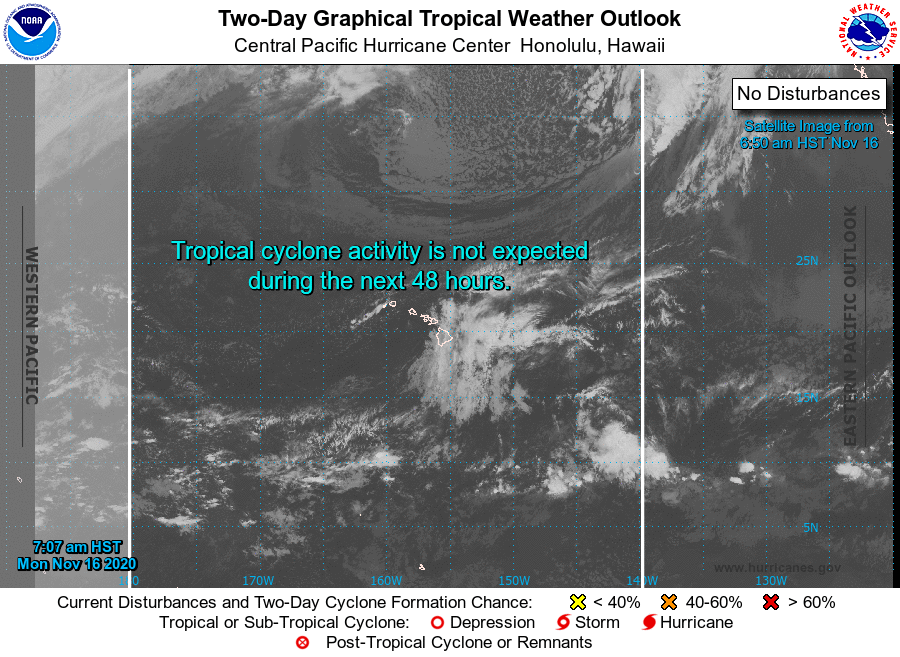
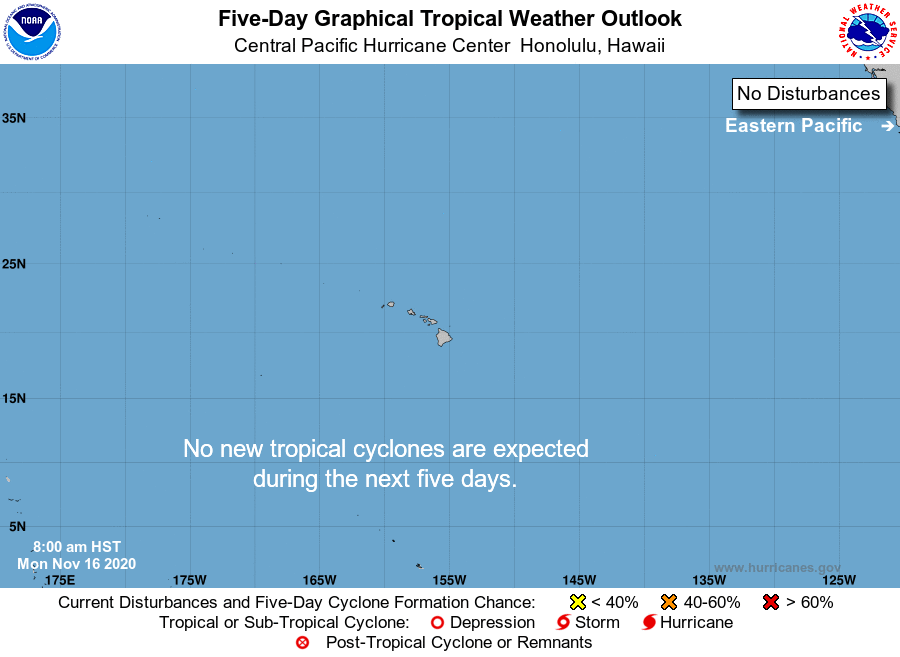
For the central North Pacific...between 140W and 180W:

No tropical cyclones are expected during the next 5 days.

Forecaster Blood